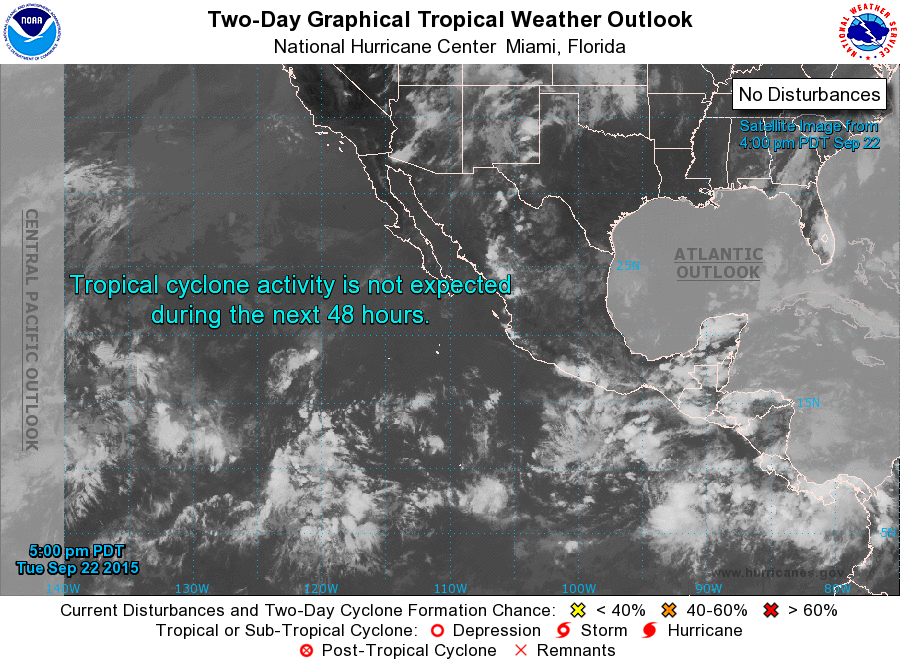
For the eastern North Pacific...east of 140 degrees west longitude:

1. An area of low pressure could form several hundred miles south of the southern coast of Mexico by late this week. Some slow development of this system is possible over the weekend while it moves slowly northward.
* Formation chance through 48 hours...low...near 0 percent
* Formation chance through 5 days...low...30 percent

Forecaster Brennan